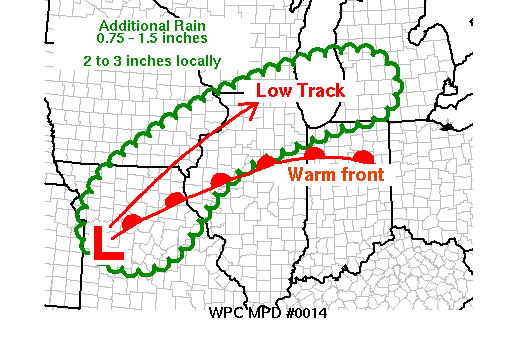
AREAS AFFECTED...NRN MO..SE IA..NRN IL..SRN WI..NRN IN..SRN MI

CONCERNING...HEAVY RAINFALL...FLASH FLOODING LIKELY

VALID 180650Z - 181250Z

SUMMARY...THE COMBINATION OF REDUCED FLASH FLOOD GUIDANCE VALUES
AND SUSTAINED PERIODS OF MODERATE TO HEAVY RAIN WILL RESULT IN A
CONTINUED THREAT FOR FLASH FLOODING FROM NORTHERN MISSOURI INTO
NORTHERN ILLINOIS AND SOUTHERN MICHIGAN THROUGH 12Z.

DISCUSSION...AN ELONGATED BAND OF MODERATE TO HEAVY RAINFALL
CONTINUES TO DEVELOP IN VICINITY OF LOW PRESSURE OVER CENTRAL
MISSOURI AND TO THE NORTH OF A WARM FRONT EXTENDING EASTWARD FROM
THE LOW TOWARD PEORIA IL AND LAFAYETTE IN.  THE REGION OF
STRONGEST ASCENT ALSO COINCIDES WITH A COUPLING OF THE ENTRANCE
AND EXIT REGIONS OF SEPARATE JET STRUCTURES. DUE TO THE RAPIDLY
EVOLVING NATURE OF THE EVENT...MESOSCALE GUIDANCE IN GENERAL
OFFERS LIMITED INSIGHT INTO THE RAINFALL'S EVOLUTION.
HOWEVER...THE WRF-ARW IS CLOSE IN SOME REGARD...INCLUDING MATCHING
THE ANTICIPATED RAINFALL AMOUNTS THROUGH 12Z DERIVED FROM AN
AVERAGE OF HOURLY RAINFALL REPORTS AND RADAR ESTIMATED.  COMBINING
OBSERVED RAINFALL AMOUNTS WITH MODEL GUIDANCE PRODUCES ADDITIONAL
RAINFALL AMOUNTS OF 0.75 TO 1.5 INCHES AHEAD OF THE LOW'S PATH
THROUGH 12Z...WITH LOCAL AMOUNTS OF 2 TO 3 INCHES POSSIBLE.  WITH
3-HOURLY FFG VALUES BELOW 1.5 INCHES IN MANY AREAS...A CONTINUED
THREAT FOR FLASH FLOODING WILL CONTINUE.